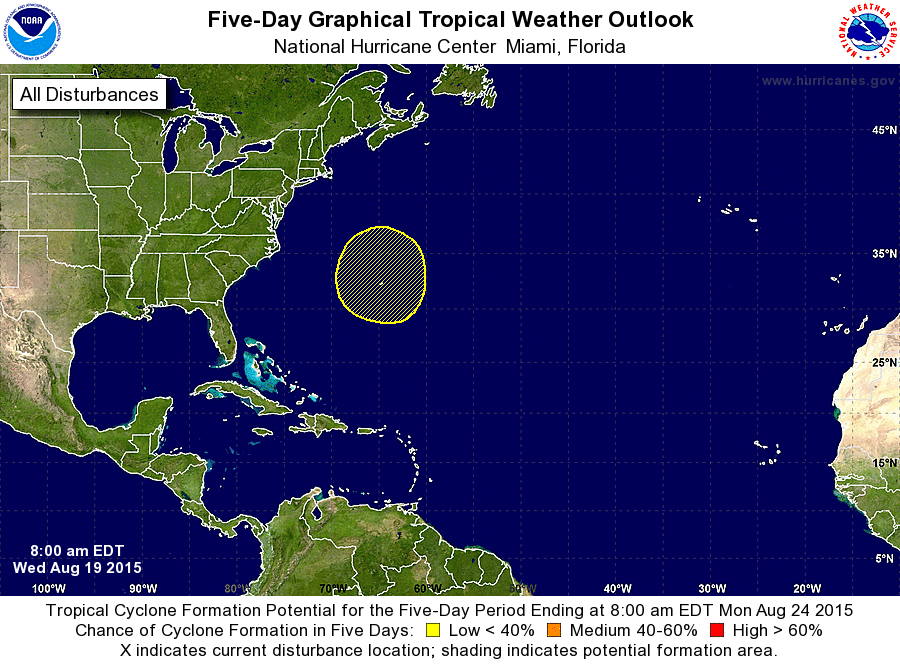
For the North Atlantic...Caribbean Sea and the Gulf of Mexico:

The National Hurricane Center is issuing advisories on Tropical Storm Danny, located over the central tropical Atlantic more than 1400 miles east of the Lesser Antilles.

1. A non-tropical area of low pressure could form within a couple of hundred miles of Bermuda over the western Atlantic Ocean in a few days. Environmental conditions are expected to be marginally favorable for some tropical or subtropical development of this system by the weekend while it moves slowly northward.
* Formation chance through 48 hours...low...near 0 percent
* Formation chance through 5 days...low...30 percent

Public Advisories on Tropical Storm Danny are issued under WMO header WTNT34 KNHC and under AWIPS header MIATCPAT4. Forecast/Advisories on Tropical Storm Danny are issued under WMO header WTNT24 KNHC and under AWIPS header MIATCMAT4.

Forecaster Stewart